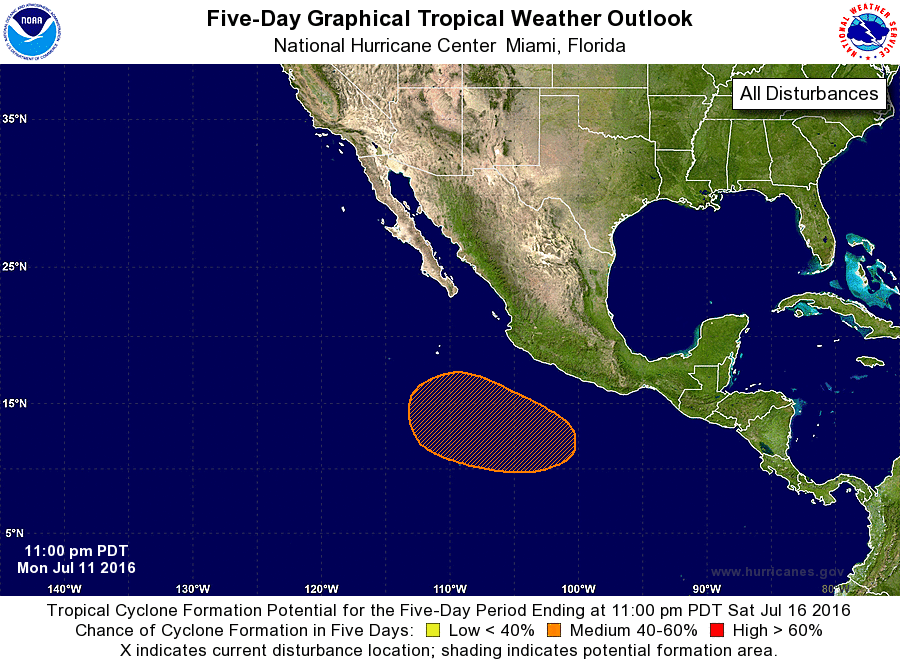
For the eastern North Pacific...east of 140 degrees west longitude:

The National Hurricane Center is issuing advisories on Hurricane Celia, located more than 1000 miles west-southwest of the southern tip of the Baja California peninsula and on Tropical Depression Five-E, located a couple of hundred miles south-southwest of Manzanillo, Mexico.

1. An area of low pressure is expected to form several hundred miles south of the coast of Mexico later this week. Environmental conditions are forecast to be conducive for development, and a tropical depression could form over the weekend while the system moves westward to west-northwestward at 10 to 15 mph.
* Formation chance through 48 hours...low...near 0 percent
* Formation chance through 5 days...medium...60 percent

Public Advisories on Tropical Depression Five-E are issued under WMO header WTPZ35 KNHC and under AWIPS header MIATCPEP5. Forecast/Advisories on Tropical Depression Five-E are issued under WMO header WTPZ25 KNHC and under AWIPS header MIATCMEP5.

Forecaster Blake